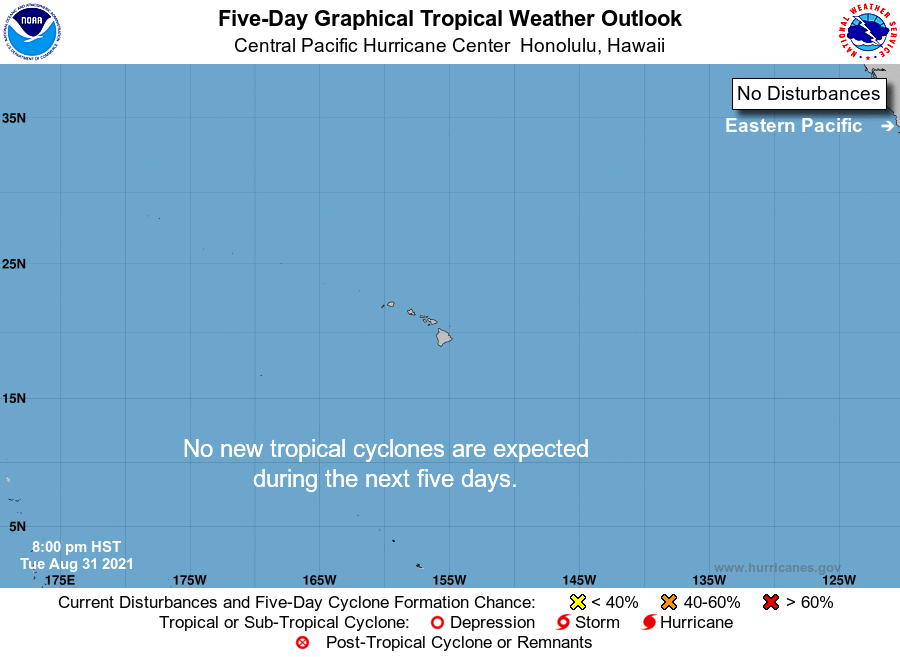
For the central North Pacific...between 140W and 180W:

No tropical cyclones are expected during the next 5 days.

Forecaster Blood